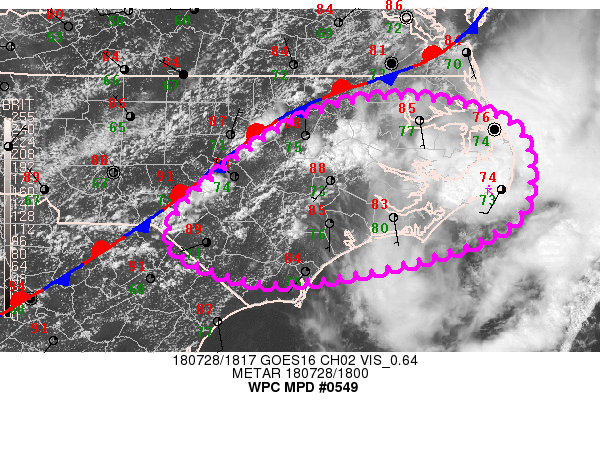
Areas affected...eastern NC

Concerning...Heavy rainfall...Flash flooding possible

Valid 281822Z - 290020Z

SUMMARY...Thunderstorms with 3-5 inch rainfall potential are
expected to develop through the remainder of the afternoon and
continue into the evening over eastern NC. Flash flooding will be
possible, especially with overlap of these heavy rains with wet
antecedent conditions and/or locally sensitive areas.

DISCUSSION...At 18Z, visible satellite imagery showed the early
development of convection near and east of a stationary front
which extended from near ORF to just east of RDU to CAE. The
environment along and east of the front was fairly moist with
precipitable water values ranging from ~1.75 inches to the west,
to 2.25 inches along the coast. Wind shear is fairly weak with
cloud bearing mean flow of roughly 10-20 kt from the southwest and
area VAD wind plots at 850 showed 10-15 kt magnitudes at KRAX,
KMHX AND KTLX from the west to southwest.

Thunderstorms are expected to continue to expand over the next
couple of hours amid increasing CAPE values given mostly clear
skies across western portions of the Coastal Plain. Given the
generally weak low-mid level flow, limited organization of
individual cells is expected, but increasing coverage could lead
to an overall progression of storms toward the south. Cell mergers
and storm scale boundary collisions along with possible
interaction with an advancing sea breeze may cause locally very
heavy rainfall over a 1-2 hour period. Given many locations over
eastern NC have experienced over 300 percent of normal rainfall
over the last week so flash flood potential is locally a bit
higher than given a similar setup otherwise. Rainfall rates
between 2-3 in/hr overall are expected, lasting for 1-2 hours at
times.